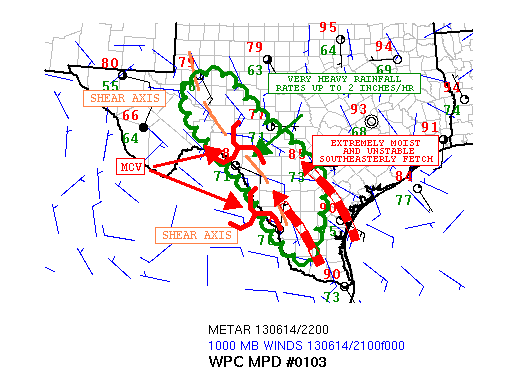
AREAS AFFECTED...SOUTH-CENTRAL TX

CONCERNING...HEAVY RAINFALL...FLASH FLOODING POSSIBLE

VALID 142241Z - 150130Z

SUMMARY...SLOW-MOVING AND LOCALLY TRAINING CONVECTION WILL
CONTINUE TO PRODUCE LOCALLY VERY HEAVY RAINFALL AMOUNTS AND RESULT
IN A CONTINUING THREAT OF FLASH FLOODING THROUGH THE AFTERNOON.

DISCUSSION...LATEST RADAR IMAGERY SHOWS GENERAL NORTHWEST TO
SOUTHEAST ORIENTED BAND OF CONVECTION WHICH HAS BEEN EASING
TOWARDS THE EAST SINCE ABOUT 21Z.  RADAR REFLECTIVITY VALUES HAVE
NOT BEEN AS HIGH AS THEY WERE EARLIER AND CLOUD TOPS HAVE SHOWN A
GRADUAL WARMING.  EVEN SO...CONVECTION IS ACTIVE ENOUGH TO SUPPORT
RAINFALL RATES OF UP TO 2 INCHES PER HOUR.  GIVEN THE POTENTIAL
FOR TRAINING OVER AREAS WHICH ALREADY RECEIVED MDT TO HEAVY RAINS
EARLIER IN THE AFTERNOON.  LATE AFTERNOON RADAR IMAGERY ALSO
SHOWED THE PRESENCE OF A SECOND MESOSCALE CONVECTIVE VORTEX
APPROACHING THE INTERNATIONAL BORDER SO THE RISK OF FLASH FLOODING
MAY CONTINUE DESPITE THE SHORT TERM RADAR TRENDS TO THE CONTRARY.

ADDITIONAL RAINFALL AMOUNTS OF 1 TO 3 INCHES WITH LOCALLY HIGHER
AMOUNTS ARE POSSIBLE.  WE STILL COULD NOT ENTIRELY RULE OUT AN
ISOLATED STORM TOTAL AMOUNT ON THE ORDER OF 5 TO 10 INCHES.